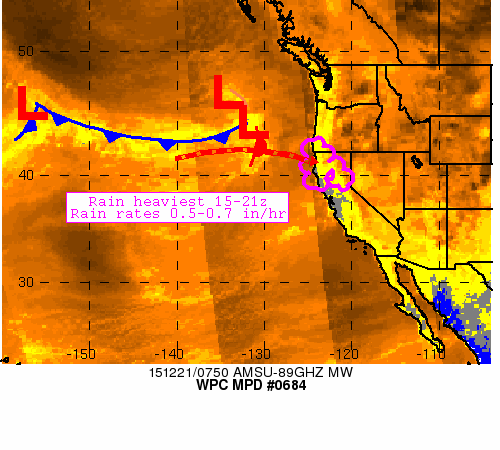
AREAS AFFECTED...SW OREGON AND NRN CALIFORNIA

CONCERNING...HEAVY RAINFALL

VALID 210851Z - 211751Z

SUMMARY...THE NEXT ATMOSPHERIC RIVER EVENT WILL BEGIN ACROSS SW
OREGON AND N CALIFORNIA AROUND 12Z...THEN PEAK 15-21Z AS THE COLD
FRONT PASSES.

DISCUSSION...AN AMSU 89 GHZ MICROWAVE PASS AT 08Z CONFIRMED A FAST
MOVING WARM FRONT NEAR 130W WITH A COLD FRONT EXTENDING WESTWARD
ALONG 40N...WITH A BROAD REGION OF 6-HOURLY AVERAGED AMSU RAINFALL
OF 0.25 INCHES FORMING NEAR THE LEADING EDGE OF DEEP LAYER PW
PLUME OF 1.25 INCHES.

WHILE CURRENT MODEL GUIDANCE SHOWS STRONG AGREEMENT WITH THE
TRAJECTORY OF THE LOW AND COLD FRONT...AND THEREFORE THE SYNOPTIC
EVOLUTION...THE MAIN DIFFERENCE IS WITH THE VALUES OF MODEL
QPF...WITH THE HI-RES GUIDANCE GENERALLY 25 TO 50 PERCENT HIGHER.
GIVEN THE DEEP COLD FRONTAL PASSAGE THAT IS ACCOMPANIED BY 850 TO
700 MB FLOW OF 40 TO 65 KNOTS NEARLY PERPENDICULAR TO THE
TERRAIN...THAT PRODUCES STANDARDIZED MOISTURE FLUX ANOMALIES NEAR
4 STANDARD DEVIATIONS ABOVE NORMAL...THE HIGHER VALUES OF THE
HI-RES GUIDANCE MAY BE MORE RELIABLE.

CONCERNING RAIN RATES AND POSSIBLE TOTALS...0.5 TO 0.7 INCHES PER
HOUR ARE ENTIRELY POSSIBLE GIVEN THE HIGH PW VALUES AND STRONG
UPSLOPE WIND COMPONENT...AND WITH A DURATION OF POSSIBLY UP TO 6
HOURS...TOTAL RAINFALL DURING THE PEAK OF THE EVENT MAY REACH 3 TO
5 INCHES...WITH LOCALLY HIGHER AMOUNTS. MODEL TIMING IS SIMILAR
BETWEEN THE SYNOPTIC AND HI-RES MODELS...PEAKING 15-21Z AFTER THE
COLD FRONT PASSES.